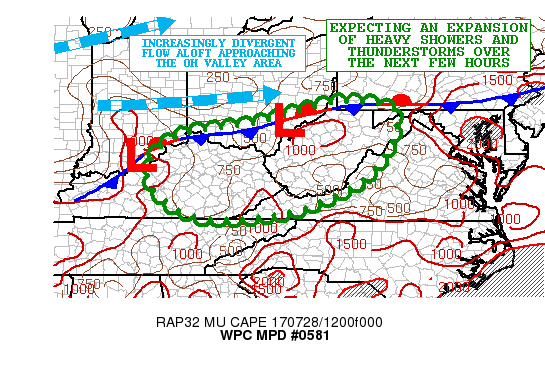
AREAS AFFECTED...SOUTHERN OH...CENTRAL/EASTERN KY...SOUTHWEST
VA...CENTRAL/WESTERN WV...EXTREME SOUTHWEST PA

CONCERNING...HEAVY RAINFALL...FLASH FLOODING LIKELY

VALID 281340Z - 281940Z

SUMMARY...SHOWERS AND THUNDERSTORMS WITH VERY HEAVY RAINFALL RATES
ARE EXPECTED TO DEVELOP AND EXPAND IN COVERAGE OVER THE NEXT FEW
HOURS. RAINFALL RATES OF UP TO 2.5 INCHES/HR ARE EXPECTED...AND
FLASH FLOODING WILL BE A THREAT.

DISCUSSION...THE LATEST EXPERIMENTAL GOES-16 6.9 MICRON/WV AND
RGB/AIRMASS IMAGERY SHOWS A SIGNIFICANT SHORTWAVE TROUGH RAPIDLY
AMPLIFYING ACROSS THE LOWER GREAT LAKES REGION...WITH A CLOSED 500
MB CENTER ALREADY DIGGING SOUTHEAST ACROSS NORTHERN LOWER MI.
MEANWHILE...UPSTREAM OVER SOUTHERN WI...THERE IS A SIGNIFICANT
AMOUNT DRYING/DARKENING SEEN IN THE WV IMAGERY WHICH IS
CORRESPONDING TO A 90+KT 250 MB JET MAX THAT IS DIGGING SOUTHEAST
IN TOWARD THE BASE OF THE AMPLIFYING TROUGH.

ALL OF THIS ENERGY IS RAPIDLY ENCROACHING ON THE OH VALLEY AND
CENTRAL APPALACHIANS WHERE A FRONTAL ZONE IS SLOWLY PUSHING EAST
ALONG WITH MULTIPLE WAVES OF LOW PRESSURE. ALONG AND SOUTH OF THIS
FRONT IS A VERY MOIST AIRMASS WITH PWATS OF GENERALLY 1.8 TO 2.0
INCHES AND WITH MODEST INSTABILITY AS CHARACTERIZED BY MUCAPE
VALUES OF 500 TO 1000 J/KG.

OVER THE NEXT FEW HOURS...STRENGTHENING DPVA AND DIVERGENT FLOW
ALOFT WILL BE INTERACTING WITH THE FRONT AND WITH THE AIRMASS OUT
AHEAD OF IT FOR NUMEROUS SHOWERS AND THUNDERSTORMS TO DEVELOP. AN
INCREASE IN DIURNAL HEATING ALONG WITH SOME OROGRAPHIC FORCING
WILL ALSO FACILITATE THE INCREASED COVERAGE OF CONVECTION.

EXPECT RAINFALL RATES TO BE QUITE INTENSE...PERHAPS REACHING AS
HIGH AS 2.5 INCHES/HR WITHIN THE STRONGER CONVECTIVE CORES. THIS
COUPLED WITH RELATIVELY SLOW CELL MOTION SHOULD FOSTER SOME VERY
HEAVY RAINFALL TOTALS THROUGH MID-AFTERNOON. THE 00Z ARW/NMMB
GUIDANCE AND ESPECIALLY RECENT HRRRX RUNS SUPPORT AS MUCH AS 3 TO
5 INCHES OF RAIN. FLASH FLOODING IS LIKELY WITH THESE TOTALS AND
ESPECIALLY CONSIDERING SOME OF THE RECENT RAINFALL ACROSS THE
REGION AND LOCALLY RUGGED TERRAIN. WILL CONTINUE TO MONITOR.